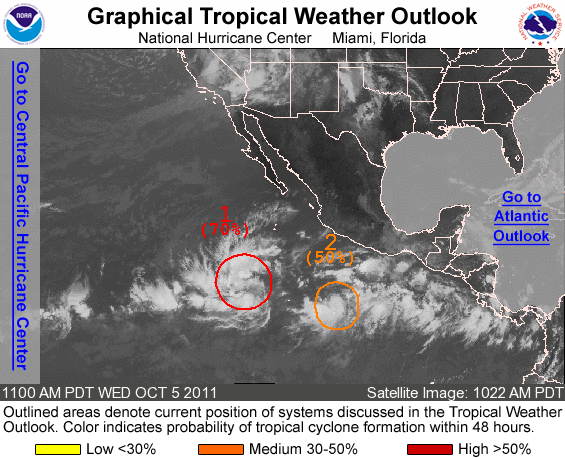
FOR THE EASTERN NORTH PACIFIC...EAST OF 140 DEGREES WEST LONGITUDE..

1. SHOWERS AND THUNDERSTORMS ARE GRADUALLY BECOMING BETTER ORGANIZED IN ASSOCIATION WITH AN AREA OF LOW PRESSURE LOCATED ABOUT 825 MILES SOUTHWEST OF MANZANILLO MEXICO. CONDITIONS APPEAR FAVORABLE FOR ADDITIONAL DEVELOPMENT...AND THIS LOW IS LIKELY TO BECOME A TROPICAL DEPRESSION DURING THE NEXT DAY OR TWO AS IT MOVES WEST-NORTHWESTWARD AT ABOUT 10 MPH. THIS SYSTEM HAS A HIGH CHANCE...70 PERCENT...OF BECOMING A TROPICAL CYCLONE DURING THE NEXT 48 HOURS.

2. SHOWER AND THUNDERSTORM ACTIVITY ASSOCIATED WITH A LOW PRESSURE AREA CENTERED ABOUT 525 MILES SOUTH-SOUTHWEST OF ACAPULCO MEXICO HAS BECOME A LITTLE BETTER ORGANIZED THIS MORNING. ENVIRONMENTAL CONDITIONS APPEAR CONDUCIVE FOR DEVELOPMENT...AND THIS DISTURBANCE COULD BECOME A TROPICAL DEPRESSION DURING THE NEXT DAY OR TWO. THIS SYSTEM HAS A MEDIUM CHANCE...50 PERCENT...OF BECOMING A TROPICAL CYCLONE DURING THE NEXT 48 HOURS AS IT MOVES TOWARD THE WEST-NORTHWEST AT ABOUT 10 MPH.

ELSEWHERE...TROPICAL CYCLONE FORMATION IS NOT EXPECTED DURING THE NEXT 48 HOURS.

FORECASTER BROWN